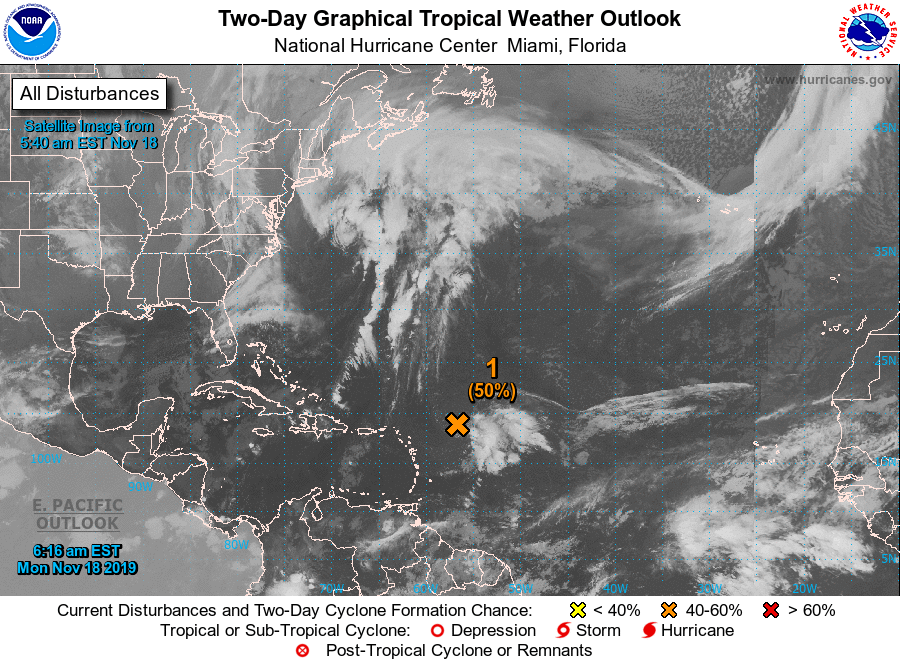
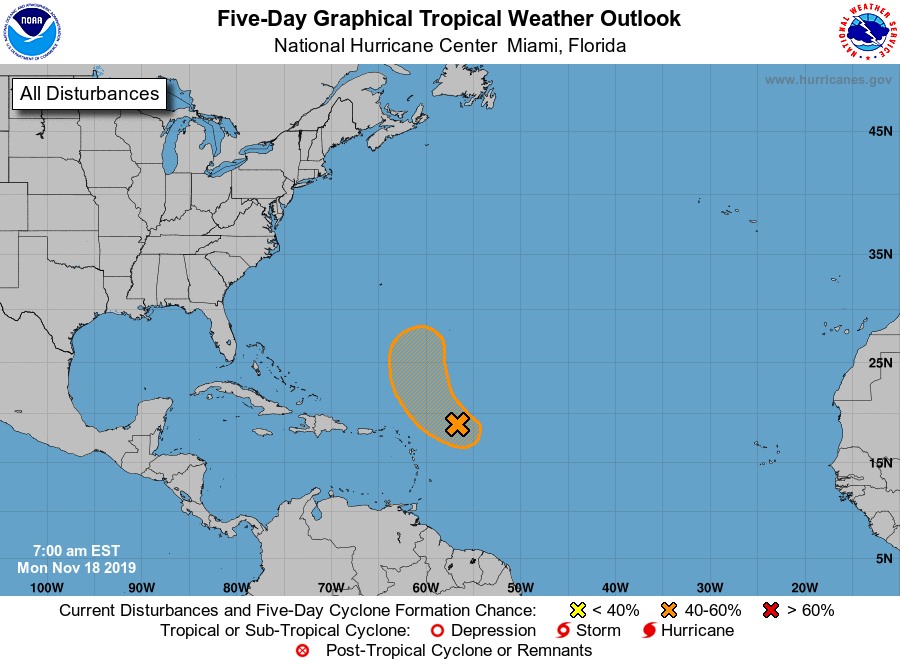
For the North Atlantic...Caribbean Sea and the Gulf of Mexico:

1. A broad area of low pressure located about 350 miles east-northeast of the northern Leeward Islands is producing disorganized showers and thunderstorms with winds of around 30 mph on its northeast side. Some gradual development of this system is expected, and a tropical or subtropical depression could form during the next couple of days while it moves northwestward and then northward over the open Atlantic. After that time, upper-level winds are expected to become less conducive and the disturbance is forecast to merge with a frontal system after midweek, so additional development is not expected. For more information, see High Seas Forecasts issued by the National Weather Service.
* Formation chance through 48 hours...medium...50 percent.
* Formation chance through 5 days...medium...50 percent.

High Seas Forecasts issued by the National Weather Service can be found under AWIPS header NFDHSFAT1, WMO header FZNT01 KWBC, and online at ocean.weather.gov/shtml/NFDHSFAT1.php

Forecaster Latto